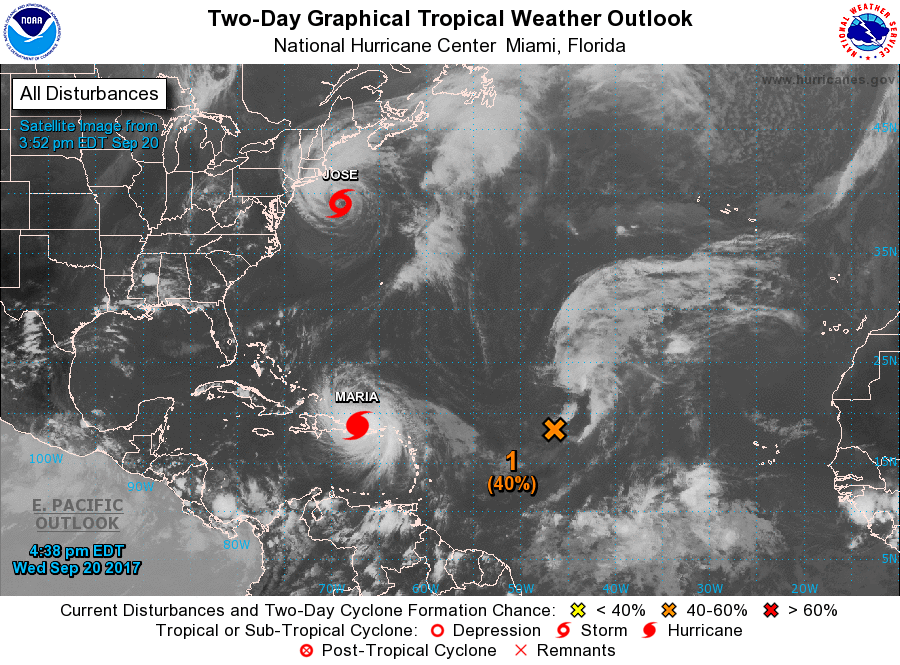
For the North Atlantic...Caribbean Sea and the Gulf of Mexico:

The National Hurricane Center is issuing advisories on Tropical Storm Jose, located a couple of hundred miles south of Nantucket, Massachusetts, and on extremely dangerous Hurricane Maria, located near the northwest coast of Puerto Rico.

1. Satellite data indicate that the remnants of Lee, located about 1000 miles east of the Leeward Islands, have become less organized today and the associated winds have decreased below gale force. Environmental conditions are currently not conducive for tropical cyclone formation, but they could become a little less hostile in a day or two. This low is expected to move northward over the central Atlantic Ocean during the next few days.
* Formation chance through 48 hours...medium...40 percent.
* Formation chance through 5 days...medium...50 percent.

Additional information on the remnants of Lee can be found in High Seas Forecasts issued by the National Weather Service, under AWIPS header NFDHSFAT1, WMO header FZNT01 KWBC, and available on the Web at http://www.opc.ncep.noaa.gov/shtml/NFDHSFAT1.shtml.

Forecaster Cangialosi